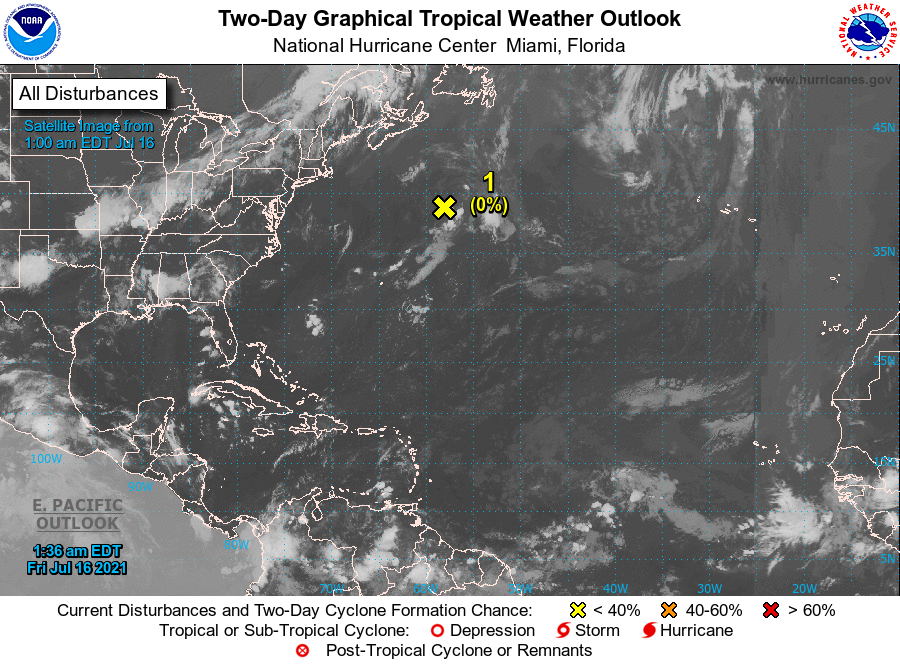
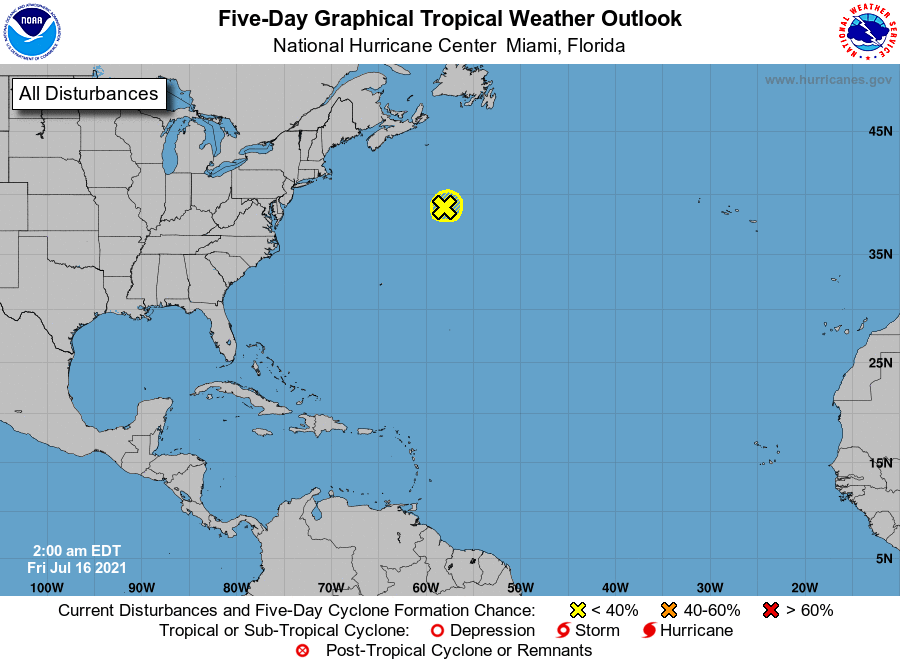
For the North Atlantic...Caribbean Sea and the Gulf of Mexico:

1. Shower activity associated with a non-tropical area of low pressure located several hundred miles south-southwest of Newfoundland is becoming less organized, and recent satellite wind data indicate that the circulation is weakening. The low is expected to degenerate to a trough later today south of Newfoundland, and its chances of tropical cyclone formation have diminished.
* Formation chance through 48 hours...low...near 0 percent.
* Formation chance through 5 days...low...near 0 percent.

Forecaster Beven